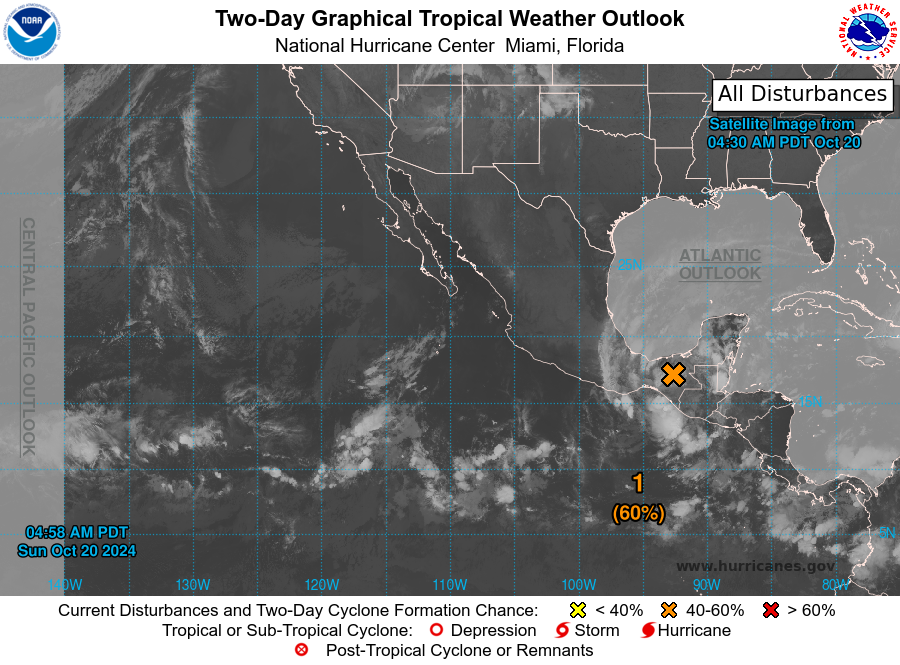
For the eastern North Pacific...east of 140 degrees west longitude:

1. South of Southwestern Mexico: After Nadine dissipates over southern Mexico, its remnants are expected to move into the eastern Pacific by late today. The combination of the remnants of Nadine and influences from a Gulf of Tehuantepec gap wind event are forecast to result in the formation of a new low pressure system off the coast of southern Mexico in a day or so. Additional development is expected after that time, and a tropical depression is expected to form during the early to middle part of this week while the system moves westward at about 15 mph away from the coast of Mexico.
* Formation chance through 48 hours...medium...60 percent.
* Formation chance through 7 days...high...90 percent.

Forecaster Landsea